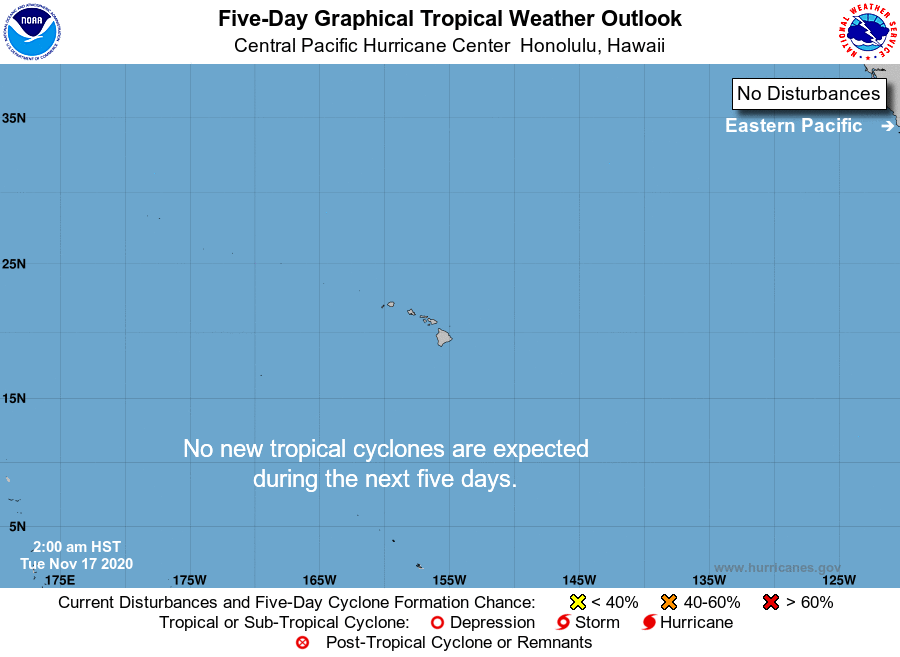
For the central North Pacific...between 140W and 180W:

No tropical cyclones are expected during the next 5 days.

Forecaster Kino